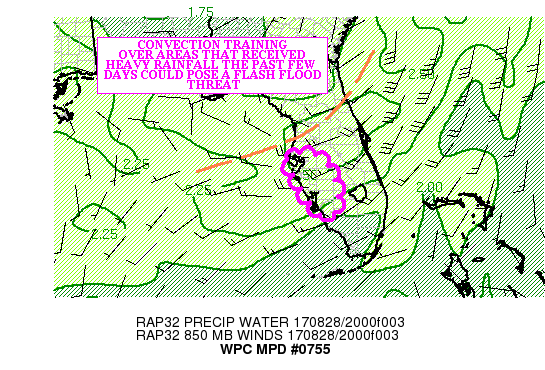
AREAS AFFECTED...PORTIONS OF WEST CENTRAL AND SOUTHWEST FL

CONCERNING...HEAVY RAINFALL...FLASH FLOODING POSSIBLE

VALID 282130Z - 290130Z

SUMMARY...BANDS OF CONVECTION TRAINING ACROSS AREAS OF WEST
CENTRAL AND SOUTHWEST FL THAT HAS RECEIVED HEAVY RAINFALL IN THE
PAST FEW DAYS COULD POSE A FLASH FLOOD THREAT INTO THE EVENING
HOURS.

DISCUSSION...THE REGIONAL RADAR SHOWED AN INCREASE IN CONVECTIVE
COVERAGE OVER PORTIONS OF WEST CENTRAL FL DURING THE PAST TWO
HOURS. THE CONVECTION IS FORMING IN AN AXIS OF 1500-2000 J/KG
MLCAPE AREA...AND THE GOES-16 CLEAN IR LOOP SHOWED BURSTS OF
COLDER CLOUD TOPS SOUTH OF A SURFACE TROUGH.

THE CONVECTION IS FORMING/MOVING IN A 2.50 INCH PRECIPITABLE WATER
AIRMASS...AND THE LOW LEVEL CONVERGENT FLOW HAS ORGANIZED THE
CONVECTION INTO WEST-EAST BANDS EXTENDING BACK INTO THE GULF OF
MEXICO. THE KTBW RADAR HAS SHOWN HOURLY RAINFALL RATES NEAR 2.00
INCHES NORTH OF THE TAMPA METRO AREA...WITH SIMILAR RAINFALL RATES
IN BANDS JUST OFFSHORE.

THE MOST RECENT RAP SUGGESTS THAT THE MOISTURE AND INSTABILITY
REMAIN SUFFICIENT TO SUPPORT ADDITIONAL CONVECTION BANDS ACROSS
WEST CENTRAL AND SOUTHWEST FL INTO THE EVENING HOURS. THE MOST
RECENT HRRR SHOWED LOCAL 3.00 TO 5.00 INCHES RAINFALL AMOUNTS
WHERE BANDING OCCURS...AND THIS IS SUPPORTED BY THE 12Z WRF
ARW...WITH THE GREATEST FLASH FLOOD THREAT EXTENDING THROUGH ABOUT
01Z OR SO.

THE SARASOTA-FORT MYERS CORRIDOR HAS RECEIVED BETWEEN 5.00 AND
8.00 INCHES OF RAINFALL SINCE SATURDAY AFTERNOON...LEAVING SOME
AREAS WITH WET SOILS. THE ADDITIONAL RAINFALL COULD INITIATE FLASH
FLOODING... ESPECIALLY IN THE URBAN AREAS ALONG THE INTERSTATE 75
CORRIDOR.